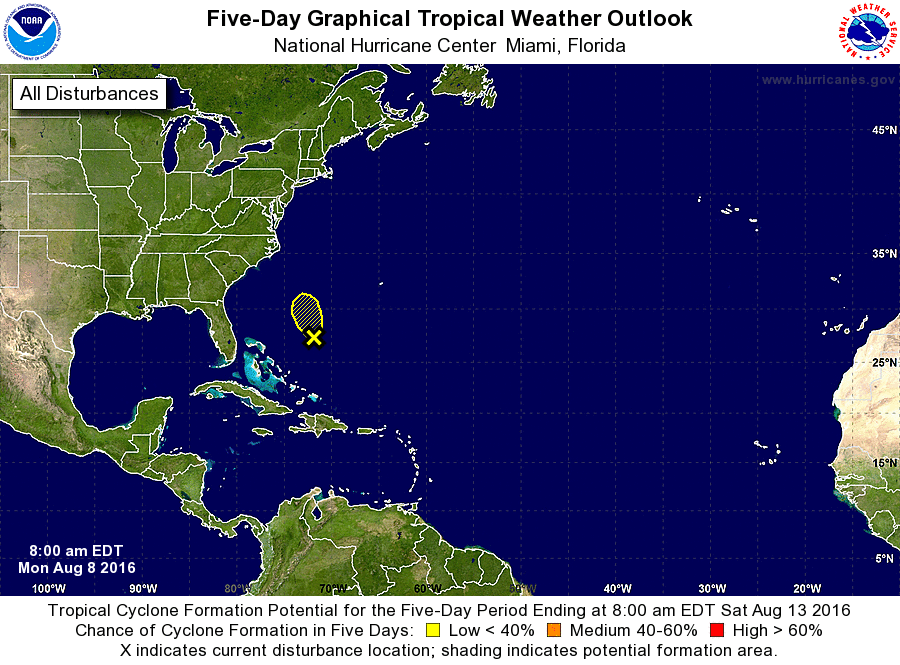
For the North Atlantic...Caribbean Sea and the Gulf of Mexico:

1. Disorganized cloudiness and showers located a few hundred miles northeast of the Bahamas are associated with a mid-level trough of low pressure. There are no signs of a surface circulation, and development of this system has become unlikely as the trough moves generally northward off of the coast of the southeastern United States.
* Formation chance through 48 hours...low...near 0 percent
* Formation chance through 5 days...low...near 0 percent

Forecaster Kimberlain